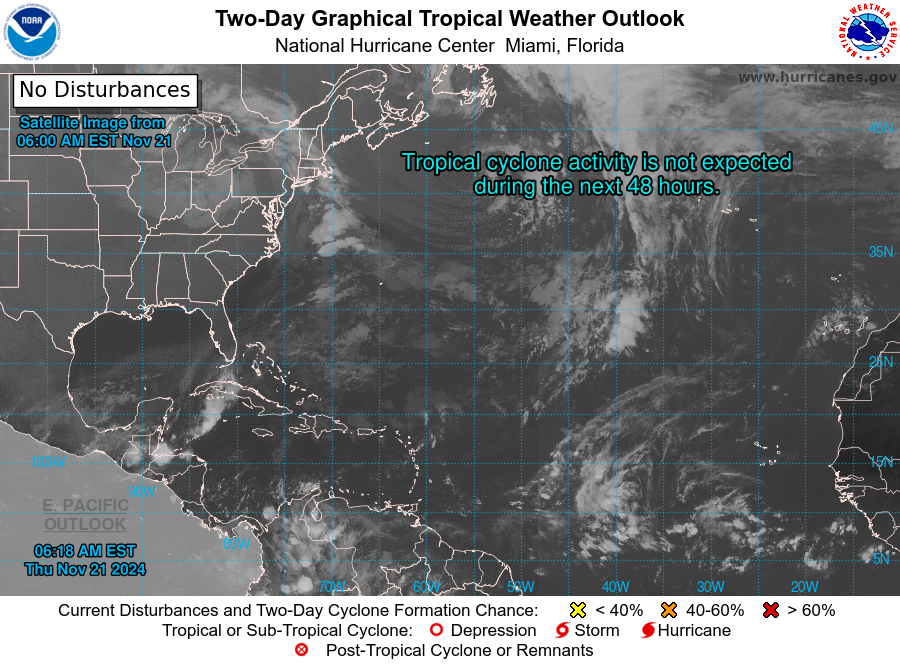
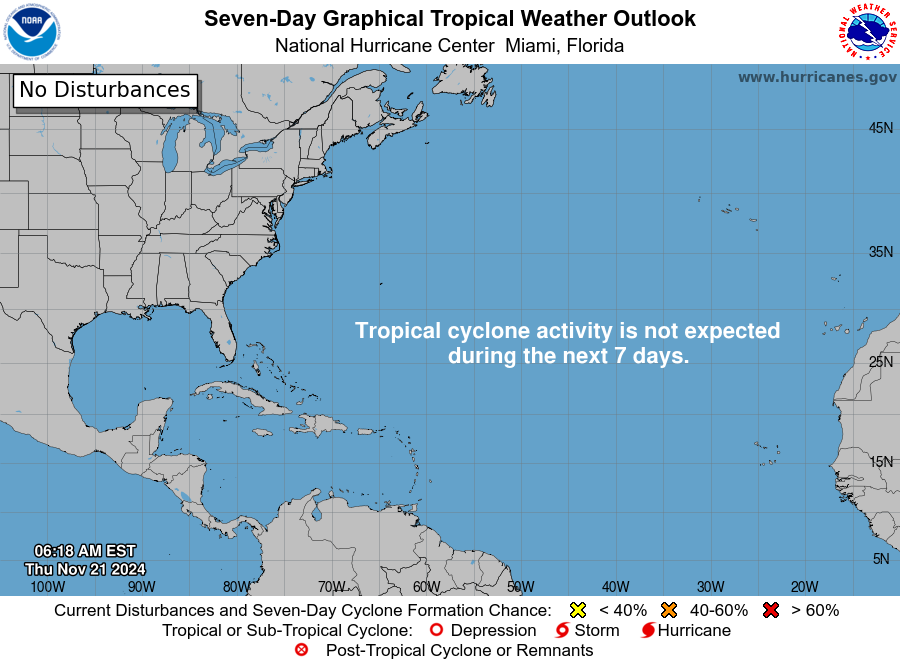
For the North Atlantic...Caribbean Sea and the Gulf of Mexico:

Tropical cyclone formation is not expected during the next 7 days.

Forecaster Beven